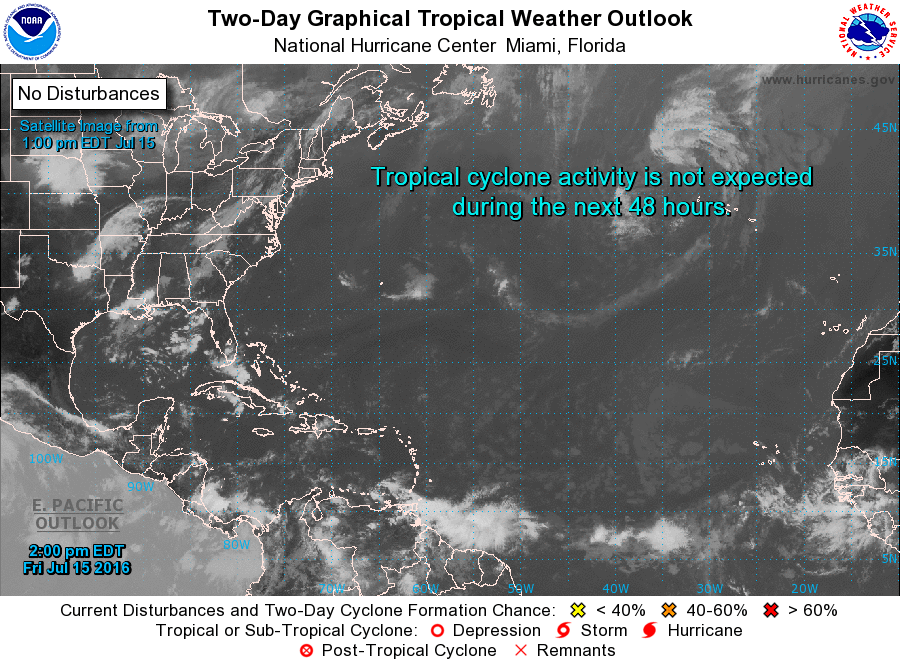
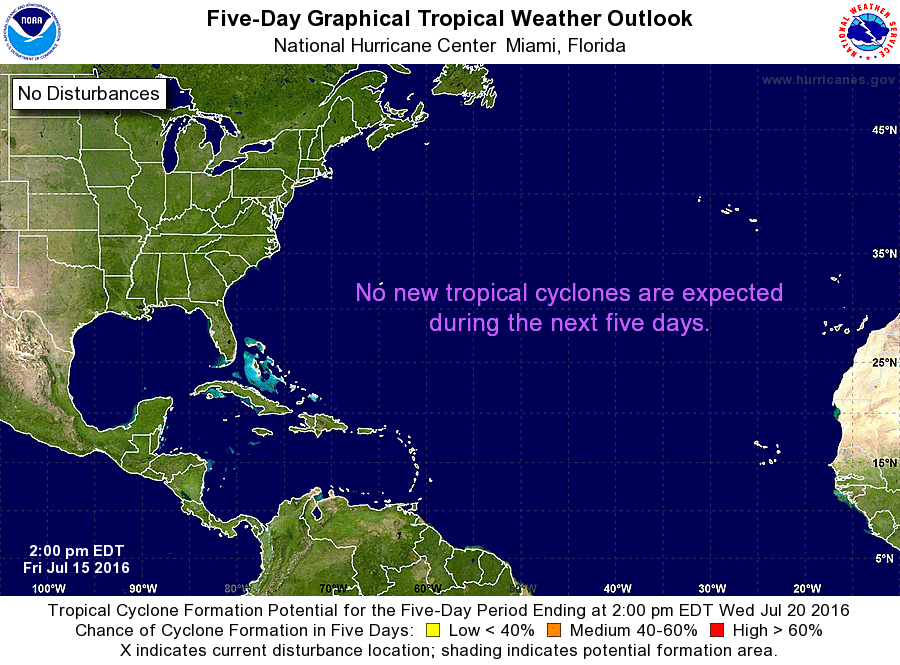
For the North Atlantic...Caribbean Sea and the Gulf of Mexico:

Tropical cyclone formation is not expected during the next 5 days.

Forecaster Berg